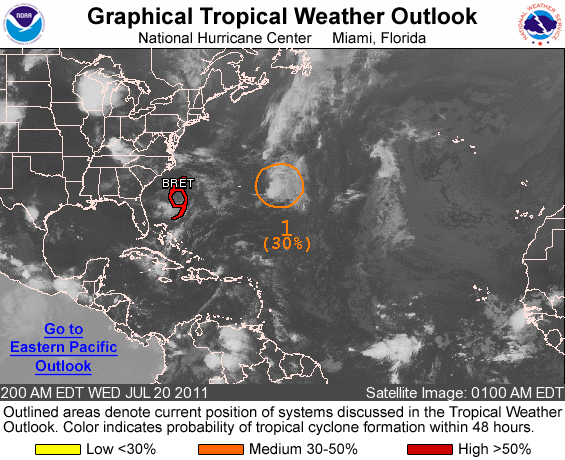
FOR THE NORTH ATLANTIC...CARIBBEAN SEA AND THE GULF OF MEXICO...

THE NATIONAL HURRICANE CENTER IS ISSUING ADVISORIES ON TROPICAL STORM BRET...LOCATED ABOUT 320 MILES SOUTHWEST OF CAPE HATTERAS NORTH CAROLINA.

1. AN ELONGATED AREA OF LOW PRESSURE LOCATED ABOUT 300 MILES EAST OF BERMUDA CONTINUES TO PRODUCE DISORGANIZED SHOWERS AND THUNDERSTORMS. SOME DEVELOPMENT OF THIS SYSTEM IS POSSIBLE DURING THE NEXT DAY OR SO BEFORE IT REACHES COOLER WATERS. THIS SYSTEM HAS A MEDIUM CHANCE...30 PERCENT...OF BECOMING A TROPICAL OR SUBTROPICAL CYCLONE DURING THE NEXT 48 HOURS AS IT MOVES NORTHEASTWARD AT AROUND 20 MPH.

ELSEWHERE...TROPICAL CYCLONE FORMATION IS NOT EXPECTED DURING THE NEXT 48 HOURS.

FORECASTER CANGIALOSI